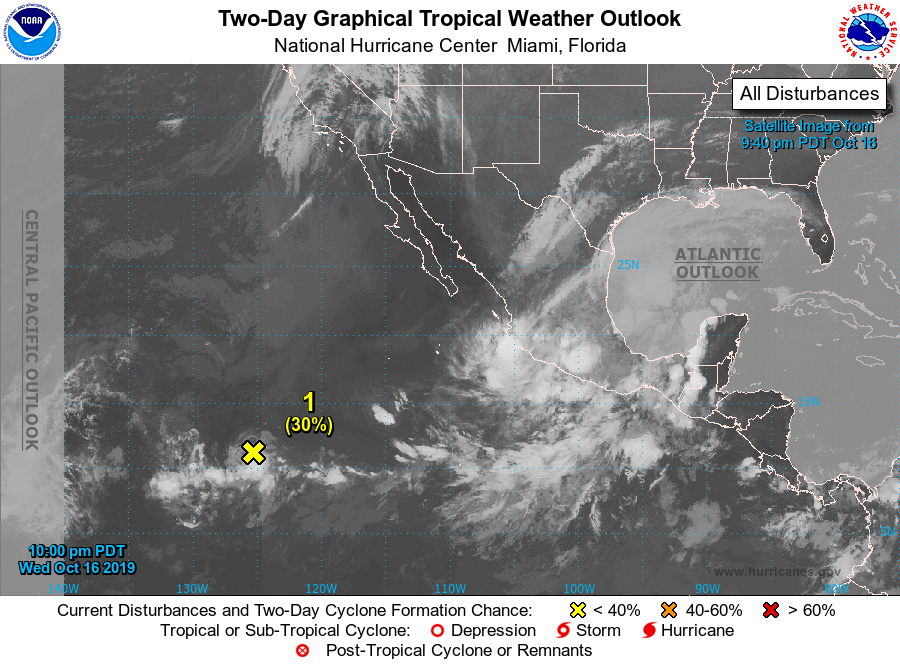
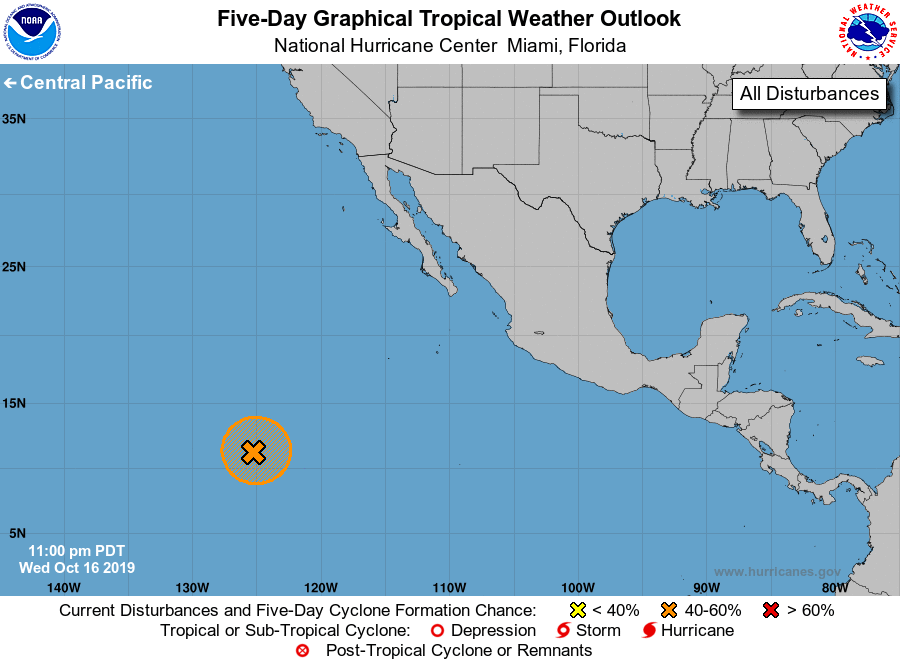
For the eastern North Pacific...east of 140 degrees west longitude:

1. An elongated area of low pressure located about 1250 miles southwest of the southern tip of the Baja California peninsula continues to produce disorganized showers and thunderstorms. Environmental conditions are forecast to be conducive for some gradual development of this system during the next few days while the system moves little.
* Formation chance through 48 hours...low...30 percent.
* Formation chance through 5 days...medium...40 percent.

Forecaster Brown